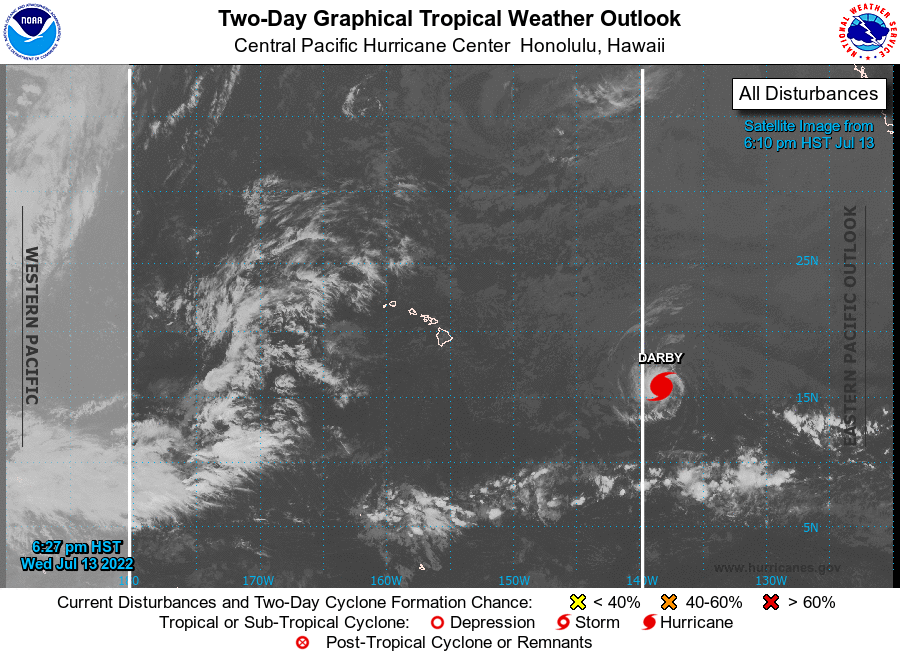
For the central North Pacific...between 140W and 180W:

The National Hurricane Center in Miami, Florida is issuing advisories on Hurricane Darby, centered about 1200 miles east- southeast of Hilo, Hawaii. Darby is moving steadily westward, and will be weakening as it moves into the Central Pacific Hurricane Center area of responsibility early Thursday.

Elsewhere, no tropical cyclones are expected during the next 5 days.

Forecaster EATON